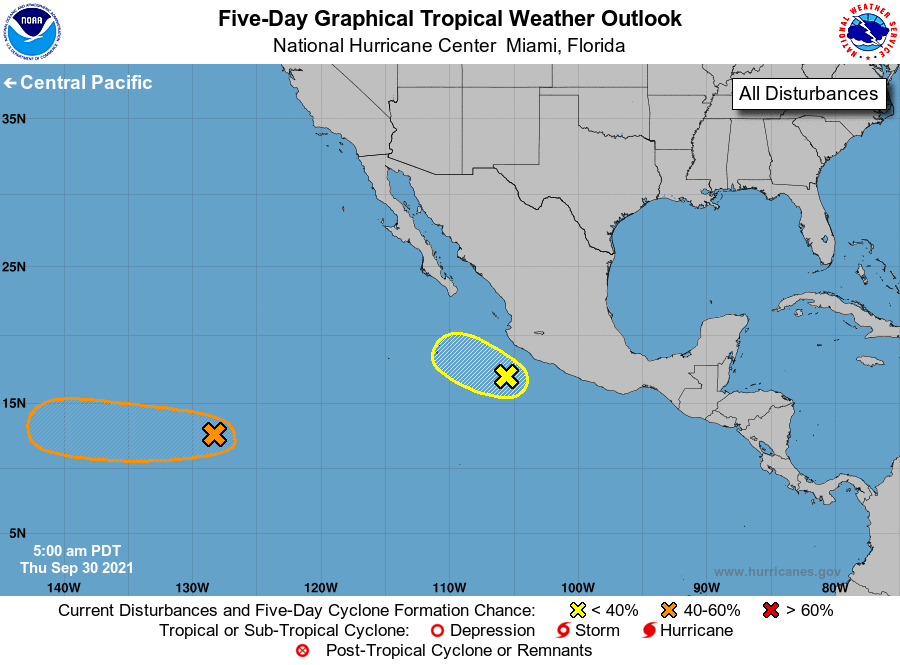
For the eastern North Pacific...east of 140 degrees west longitude:

1. A broad area of low pressure located about 1500 miles west-southwest of the southern tip of the Baja California peninsula is producing disorganized showers and thunderstorms. Environmental conditions are expected to be conducive for slow development during the next several days, and a tropical depression could form over the weekend or early next week while the system moves generally westward at around 10 mph.
* Formation chance through 48 hours...low...20 percent.
* Formation chance through 5 days...medium...40 percent.

2. An area of low pressure located a couple of hundred miles south-southwest of Manzanillo, Mexico, continues to produce disorganized showers and thunderstorms. This system is moving west-northwestward at 5 to 10 mph, and some slow development is possible through early Friday before it reaches an area of stronger upper-level winds.
* Formation chance through 48 hours...low...10 percent.
* Formation chance through 5 days...low...10 percent.

Forecaster Cangialosi